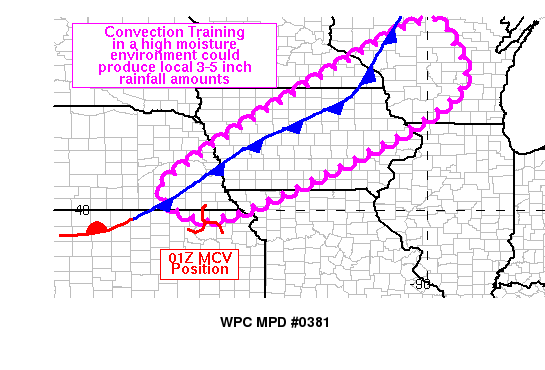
AREAS AFFECTED...SE NE...NRN KS...NW MO...IA...SE MN...WRN WI

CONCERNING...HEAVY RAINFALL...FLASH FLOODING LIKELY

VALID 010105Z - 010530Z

SUMMARY...CONVECTIVE CLUSTERS DEVELOPING ALONG A FRONTAL BOUNDARY
WILL TRAIN IN A HIGH MOISTURE ENVIRONMENT...RESULTING IN FLASH
FLOODING INTO THE LATE EVENING HOURS.

DISCUSSION...THE GOES-16 CLEAN IR LOOP SHOWED BURSTS OF COLDER
CLOUD TOPS AS CONECTIVE CLUSTERS CONTINUE TO FILL IN ALONG AND
AHEAD OF FRONTAL BOUNDARY EXTENDING FROM WESTERN WI TO NORTHERN
KS...WHERE MLCAPE VALUES RANGE BETWEEN 3000-4000 J/KG (WHICH IS
CONFIRMED BY 00Z SOUNDINGS). A 25 TO 35 KNOT LOW LEVEL
SOUTH-SOUTHWESTERLY FLOW (PER REGIONAL VWP FROM OK INTO IA/WI)
CONTINUES TO TRANSPORT 1.75/2.00 INCH PRECIPITABLE WATER AIR ALONG
THE FRONT.

KDMX RADAR INDICATED HOURLY RAINFALL RATES NEAR 2.00 INCHES OVER
PORTIONS OF CENTRAL IA...NEAR AND JUST SOUTHEAST OF THE FRONT. THE
00Z SOUNDINGS ACROSS THE REGION SHOWED WET BULB ZERO VALUES CLOSE
TO THE FREEZING LEVEL...INDICATING THE WARM RAIN PROCESSES ARE
COMING INTO PLACE. LOTS OF SMALLER RAIN DROPS IN THE COLUMN SHOULD
RESULT IN EFFICIENT RAINFALL PRODUCERS...AND RAINFALL RATES
BETWEEN 2.00 AND 3.00 INCHES ARE POSSIBLE ALONG THE FRONT FROM FAR
SOUTHEAST NEBRASKA ACROSS CENTRAL IOWA INTO WESTERN WISCONSIN (AS
INDICATED BY THE MOST RECENT HRRR/EXPERIMENTAL HRRR RUNS).

THE 250-MB FLOW BECOMES INCREASINGLY DIVERGENT IN THE ENTRANCE
REGION OF A 90 KT JET EXITING EASTERN NORTH DAKOTA FOR WESTERN
ONTARIO...PROVIDING SUFFICIENT SYNOPTIC SCALE LIFT TO ALLOW
CONVECTION TO INCREASE IN COVERAGE THROUGH AT LEAST 05Z. THE MOST
RECENT HRRR/EXPERIMENTAL HRRR EACH SHOWED LOCAL RAINFALL AMOUNTS
BETWEEN 3 AND 5 INCHES...WITH THE HIGHEST AMOUNTS OVER FAR
SOUTHEASTERN NEBRASKA AND FAR WESTERN WISCONSIN. BASED ON THE
DEPTH OF THE MOISTURE IN PLACE...THESE AMOUNTS SEEM PLAUSIBLE.

THIS MUCH RAINFALL...OVER AREAS THAT HAVE BEEN SATURATED BY HEAVY
RAINFALL OVER THE PAST WEEK OR SO...IS EXPECTED TO RESULT IN FLASH
FLOODING NEAR AND SOUTHEAST OF THE FRONTAL BOUNDARY. IF TRAINING
OR BACKBUILDING OCCURS NEAR SURFACE WAVES ALONG THE
FRONT...SIGNIFICANT FLASH FLOODING IS POSSIBLE IN THE
AFORE-MENTIONED AREAS. AS THE FRONT SAGS SLOWLY SOUTHEAST...THE
THREAT FOR FLASH FLOODING SHOULD FOLLOW SUIT. THE THREAT FOR FLASH
FLOODING IS EXPECTED TO CONTINUE AFTER 05Z.